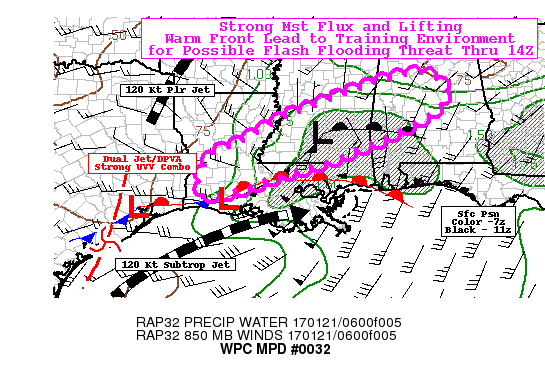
AREAS AFFECTED...SOUTHERN MS...WEST CENTRAL AL...SOUTH CENTRAL LA

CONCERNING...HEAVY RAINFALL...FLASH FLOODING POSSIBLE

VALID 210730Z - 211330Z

SUMMARY...STRONG SYNOPTIC FORCING AND STRONG MST FLUX THOUGH
PROGRESSIVE NATURE MAY POSE LOCALIZED FLASH FLOODING THREAT FOR
TRAINING CONVECTION.

DISCUSSION...GOES-E WV LOOP DENOTES A CONSOLIDATING SHORTWAVE
FEATURE ALONG THE CENTRAL TX COAST LIFTING NORTHEAST WITH ENHANCED
COOLING CONVECTIVE CLUSTERS SPLIT BETWEEN THE EXITING 120 KT POLAR
JET STREAK ACROSS THE CENTRAL AR AND THE FLATTENING 120 KT
SUBTROPICAL JET STREAK DRAPED ACROSS THE NORTHWEST GULF.  AS THE
DPVA FROM THE SHORTWAVE CONTINUES TO APPROACH THE DUAL JET
FORCING...A WEAK SURFACE WAVE AND 7-85MB WAVE WILL BEGIN TO
CONSOLIDATE FROM SW TX INTO CENTRAL LA.  THIS WILL INVOKE
STRENGTHENING SWLY LLJ FROM 45KTS THAT WILL PRODUCE STRONG WAA AND
BEGIN TO LIFT WARM FRONT FROM S LA/COASTAL MS
NORTHEAST...INCREASING MST FLUX AND CONVERGENCE ENHANCING ONGOING
CONVECTION ACROSS SW MS BACK TO CENTRAL LA.

AROUND 12-13Z...THE 7-85MB WAVE WILL BECOME QUITE MATURE WITH 850
LLJ INCREASING TO 65KTS AND ENHANCING LOCALIZED TPWS IN THE 1.75"
RANGE AND SUFFICIENT INSTABILITY FOR ROBUST UPDRAFTS WITH
INCREASING RAINFALL EFFICIENCY AS RATES UP TO 2"/HR ARE LIKELY.
ALTHOUGH THE WAVE WILL BE PROGRESSIVE ACROSS LA/CENTRAL
MS...UNIDIRECTIONAL WIND PROFILES AND ORIENTATION OF THE WARM
FRONT CONVECTION SHOULD BE FAVORABLE FOR A SEVERAL HOUR TRAINING
ENVIRONMENT ACROSS CENTRAL MS INTO W AL TOWARD 14Z.  HI-RES CAMS
SHOW GENERAL AGREEMENT WITH THE EVOLUTION SUGGESTED WITH SOME
NORTH-SOUTH DISPLACEMENTS WHILE SUGGESTING 2-4" TOTALS OVER THE
NEXT 6HRS POSSIBLE.  CURRENT TRENDS AND ENVIRONMENTAL SETUP
SUGGEST RECENT RUNS OF THE HRRR AND 00Z NMMB/ARW PRESENT THE MOST
LIKELY SCENARIO/TRACK THROUGH THE ARW MAY BE A BIT TOO
PROGRESSIVE.

FURTHER SOUTH ALONG THE TRAILING COLD FRONT GREATER UNCERTAINTY
EXISTS AS THE LINE MAY BE FAVORABLY ORIENTED TO UPSTREAM INFLOW
THAT MAY SUPPORT A BACKBUILDING ENVIRONEMENT ACROSS SOUTHEAST LA.
HOWEVER EQUALLY POSSIBLE IS THAT HEIGHT FALLS AND PROGRESSIVE
UPSTREAM FLOW WOULD SUGGEST A SURGING COLD FRONT ACROSS SE
LA/COASTAL MS.  GIVEN THE FFG VALUES ARE ALSO HIGHER HERE THE
LIKELIHOOD OF FLASH FLOODING SEEMS TOO LOW TO INCLUDE INTO THE MPD
AREA OF CONCERN AT THIS TIME BUT THE THREAT PARTICULARLY ACROSS
THE URBAN CORRIDOR OF NEW ORLEANS WILL REQUIRE SOME ADDITIONAL
VIGILANCE.